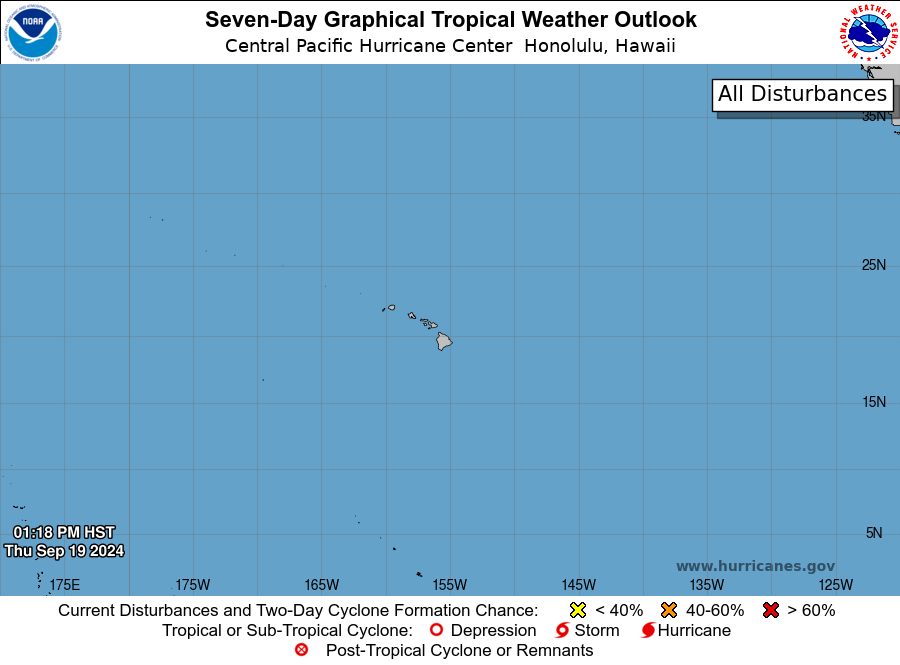
For the central North Pacific...between 140W and 180W:

No tropical cyclones are expected during the next 7 days.

Forecaster Tsamous